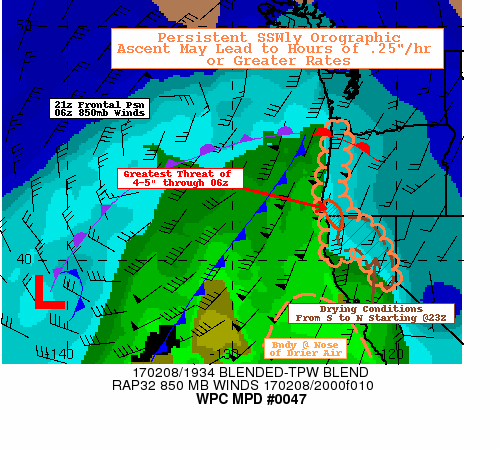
AREAS AFFECTED...COASTAL RANGE OF OR....NORTHERN CA

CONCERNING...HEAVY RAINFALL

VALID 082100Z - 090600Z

SUMMARY...PERSISTENT MODEST OROGRAPHICALLY INDUCED SHOWERS WILL
CONTINUE FOR A FEW HOURS BEFORE DRYING STARTS TO LIFT NORTH ACROSS
CA BY 00Z.  STRENGTHENING LOW LEVEL JET WILL TIGHTEN MOISTURE
PLUME AND INCREASE MOISTURE FLUX AND RAIN RATES AFTER 04Z AS COLD
FRONT APPROACHES.

DISCUSSION...BLENDED TPW LOOP AND SURFACE OBSERVATIONS DENOTE A
SUBTLE BOUNDARY/ FRONT LIFTING NORTHWARD ALONG THE NW CA COAST
THAT DEMARCATES THE BIFURCATION OF THE MOISTURE STREAMS...WITH THE
TAIL END OF THE CA STREAM CONTINUING TO ADVECT NORTHWARD ON
BACKING LOW LEVEL FLOW (85-7H) FROM WSW AT 35KTS TO SSWLY AT 25
KTS AROUND 00Z...DECREASING FURTHER AFTERWARD.  TPWS WILL DECREASE
BELOW AN INCH AND RAIN RATES WILL BECOME LESS THAN .1"/HR LEADING
TO AN ADDITIONAL 1-2" ACROSS THE NORTHERN SIERRA PROLONGING
FLOODING CONCERNS THERE FOR A FEW MORE HOURS.

NW CA/OR COASTAL RANGES...LEAKING INTO CASCADES... WV LOOP SHOWS
STRENGTHENING JET STREAK AND BAROCLINIC LEAF GROWTH BETWEEN
130-140W STEADILY ADVANCING NORTHWARD.  AMSU 89GHZ ANALYSIS
INDICATES WARM/OCCLUDED FRONT NEARING THE COLUMBIA RIVER
VALLEY...WITH WELL DEFINED COLD FRONT EXTENDING SW TOWARD 30N140W.
 BLENDED TPW ANALYSIS SHOWS BROAD AREA OF 1.0"+ VALUES WITHIN THE
WARM SECTOR THOUGH GENERALLY BROAD WITH RAP ANALYSIS SUGGESTING
FLOW IN THE 35-40KT RANGE ACROSS THE REGION.  THIS SHOULD LEAD TO
STEADY .2-.4"/HR RAINFALL RATES IN THE COASTAL RANGE OF
OREGON...SATURATING THE AREA FOR STRONGER RAINFALL/FLOODING
CONCERNS WITH THE NEXT SURGE. AS SUCH AN ADDITIONAL 1.5-2.5" ARE
POSSIBLE OVER THE NORTHERN SIERRAS INTO TRINITY/MT. SHASTA REGION.

GOES-W WV LOOP SHOWS STRENGTHENING UPPER LEVEL JET AND BAROCLINIC
LEAF EXPANSION BETWEEN 130-140W.  AS THE JET/SHORTWAVE ENERGY
LIFTS NORTH GENTLE EASTWARD PROGRESSION OF HEIGHT FALLS WILL
SUPPORT STRENGTHENING AND NARROWING THE LOW LEVEL JET JUST AHEAD
OF THE COLD FRONT AT THE LEADING EDGE OF 50-60KT 85H AND 7H 60KT
JET STREAK.  RAP/ARW CAMS SUGGEST THIS WILL REACH SW OREGON BY
03-04Z.  THIS LEADING EDGE ALSO APPEARS TO BE A GOOD MARKER FOR
1.25" TPW WITH 1.5" VALUES AS FAR NORTH AS 38N.  THIS ALLOWS FOR
VERY STRONG DYNAMIC MOISTURE FLUX THAT WILL AFFECT SSW FACING
OROGRAPHY ALONG THE COASTAL RANGE TO SUPPORT RATES THAT WILL
STEADILY INCREASE FROM .25 TO .5" TOWARD 09Z...PARTICULARLY ACROSS
FAVORED TERRAIN OF SW OREGON.  HI-RES CAMS ARE IN GENERAL
AGREEMENT THOUGH THE HRRR IS A BIT LESS ROBUST WITH THE FLOW AND
MST FLUX AND THEREFORE HAS REDUCED TOTALS.  AS SUCH UTILIZING THE
HREF AND SSEO MEANS WOULD SUGGEST A GENERAL 3-5" ACROSS SW
OREGON/NW CA AND 2-3" ALONG THE OR COASTAL RANGE THROUGH
06Z...WITH PEAK FLUX AFTER THIS TIME FRAME.